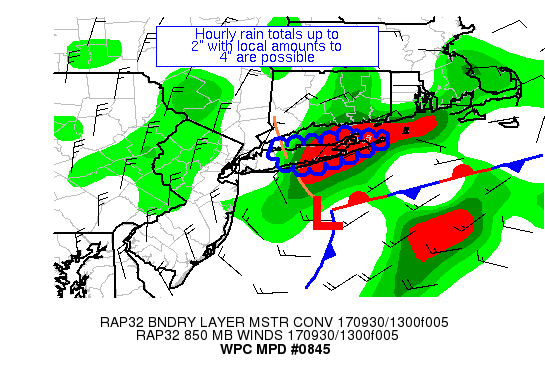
AREAS AFFECTED...SUFFOLK COUNTY NY

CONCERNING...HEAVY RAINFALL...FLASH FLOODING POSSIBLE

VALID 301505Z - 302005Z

SUMMARY...SHOWERS AND THUNDERSTORMS SHOWING LITTLE MOVEMENT ARE
SLOWLY DEVELOPING ACROSS SUFFOLK COUNTY NY.  HOURLY RAIN RATES UP
TO 2" WITH LOCAL AMOUNTS TO 4" ARE POSSIBLE.

DISCUSSION...A SURFACE LOW SOUTH OF LONG ISLAND ALONG WITH AN
INVERTED TROUGH/TROWAL LIKE FEATURE NEAR THE WESTERN PORTION OF
SUFFOLK COUNTY ARE LEADING TO THE SLOW DEVELOPMENT OF SHOWERS AND
THUNDERSTORMS.  MU CAPE IN THE REGION IS ~500 J/KG.  EFFECTIVE
BULK SHEAR IS ~25 KTS PER SPC MESOANALYSES.  PRECIPITABLE WATER
VALUES OF 0.75-0.85".  THE ENVIRONMENT IS COLD ALOFT WITHIN THE
SOUTHEAST PORTION OF AN UPPER LEVEL LOW WITH WET BULB ZERO HEIGHTS
IN THE 6000-6500 FOOT RANGE.  HOWEVER, STORMS ACROSS SOUTHEAST NEW
ENGLAND AND IN LONG ISLAND SOUND HAVE BEEN EFFICIENT, SHOWING RAIN
TOTALS OF 2"+ AN HOUR BASED ON RADAR ESTIMATES.

THE CONCERN IS FOR INCREASING COVERAGE OF THUNDERSTORMS SHOWING
MINIMAL EAST TO SOUTHEAST MOVEMENT OVER URBAN AREAS.  THERE IS A
SIGNAL IN THE MESOSCALE GUIDANCE FOR LOCAL AMOUNTS IN THE 2" RANGE
THROUGH ~20Z, THOUGH THE GUIDANCE HAS SHOWN ESTIMATES THAT HAVE
UNDERPERFORMED SO FAR.  THE WORRY IS THAT A MESOCYCLONE COULD FORM
HERE SIMILAR TO WHAT OCCURRED IN THE EASTERN BOSTON SUBURBS
EARLIER THIS MORNING AND MOVE DOWN THE INVERTED TROUGH AS IT
SLOWLY PIVOTS EASTWARD ACROSS LONG ISLAND AS THE LOW PULLS AWAY
FROM THE REGION.  WITH BOUNDARY LAYER CONVERGENCE REMAINING FAIRLY
STRONG UNTIL ~20Z, BELIEVE LOCAL AMOUNTS UP TO 4" ARE POSSIBLE.